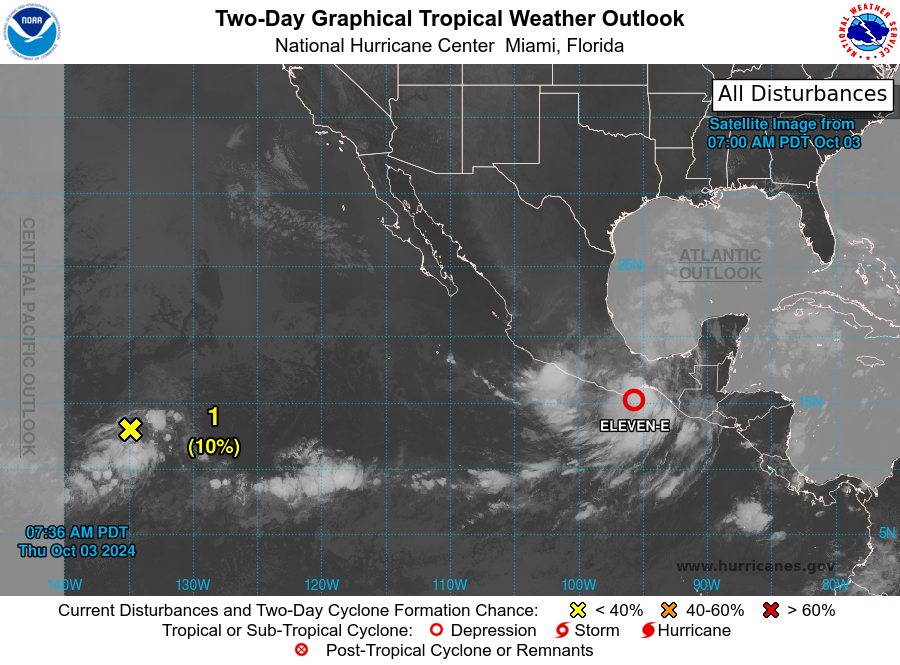
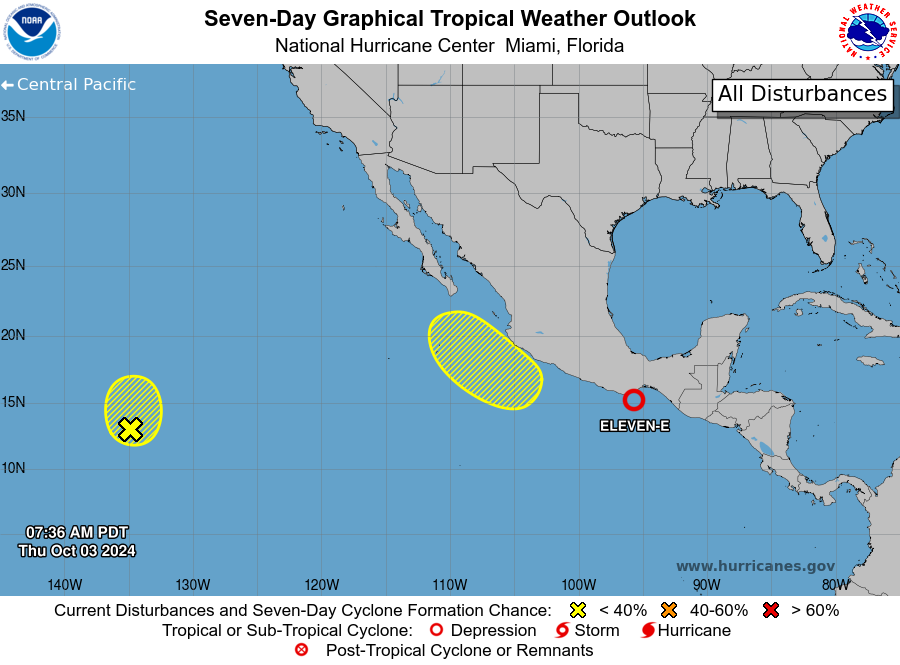
For the eastern North Pacific...east of 140 degrees west longitude:

Active Systems: The National Hurricane Center is issuing advisories on Tropical Depression Eleven-E, located near the coast of southeastern Mexico.

1. Western Portion of the East Pacific: A low pressure system located well to the west-southwest of the southern tip of the Baja California peninsula is producing disorganized shower and thunderstorm activity. Some limited development is possible while the low moves slowly northward or north-northeastward during the next couple of days. Atmospheric conditions should become less conducive and prevent further development by the weekend.
* Formation chance through 48 hours...low...10 percent.
* Formation chance through 7 days...low...10 percent.

2. Offshore of Southwestern Mexico: An area of low pressure could form off the coast of southwestern Mexico during the early to middle part of next week. Thereafter, some slow development is possible while the system drifts northwestward.
* Formation chance through 48 hours...low...near 0 percent.
* Formation chance through 7 days...low...20 percent.

Forecaster Kelly